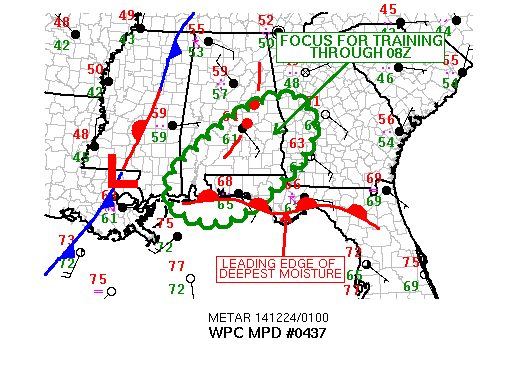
AREAS AFFECTED...FAR SERN MS...SRN AL...WRN GA AND THE WRN FL
PANHANDLE

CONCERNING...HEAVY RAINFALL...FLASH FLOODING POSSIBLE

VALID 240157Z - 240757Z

SUMMARY...AN AREA OF TRAINING CONVECTION APPEARS LIKELY TO FOCUS
OVER PORTIONS OF THE CNTRL TO ERN GULF COAST INTO SRN ALABAMA AND
POSSIBLY WRN GEORGIA THROUGH 07Z. RAINFALL RATES OF 1-2 IN/HR OVER
THE SAME LOCATIONS MAY LEAD TO FLASH FLOODING.

DISCUSSION...THE LEADING EDGE OF THE GREATEST LOW LEVEL
MOISTURE...MARKED BY DEWPOINTS IN THE LOW TO MID 70S...WAS
SITUATED ALONG AND JUST SOUTH OF THE GULF COAST AT 01Z. 850-700 MB
FLOW OF 50 TO 60 KTS FROM THE SSW CONTINUES TO OVERRUN THIS
BOUNDARY WITH NUMEROUS SHOWERS ORIENTED FROM SSW-NNE LOCATED TO
ITS NORTH...AS WELL AS A PROGRESSIVE SQUALL LINE OBSERVED ACROSS
ERN ALABAMA PRESSING EAST AT AROUND 35 KTS. 00Z RAOBS FROM LIX AND
TAE INDICATE PRECIPITABLE WATER VALUES THAT ARE 2-3 STANDARD
DEVIATIONS ABOVE THE MEAN...OUT AHEAD OF A COLD FRONT ANALYZED
ACROSS THE CNTRL GULF COAST...HELPING TO SUPPORT HOURLY RATES OF
1-2 IN/HR.

AS THE SRN PORTION OF A LONGWAVE TROUGH OVER THE SRN PLAINS SLOWLY
EDGES EWD OVERNIGHT...THE FOCUS OF LOW LEVEL MOISTURE IS EXPECTED
TO REMAIN AIMED ACROSS THE CNTRL GULF COAST WITH CONTINUED
REGENERATION OF SHOWERS FROM THE SOUTH INTO THE WRN FL PANHANDLE
AND SRN ALABAMA. LOCATIONS FARTHER NORTH ACROSS CNTRL ALABAMA INTO
GEORGIA APPEAR TO BE LESS OF A THREAT GIVEN THE PROGRESSIVE NATURE
OF THE SQUALL LINE...BUT STEADY STRATIFORM RAINS BEHIND THE LINE
COULD CAUSE A FEW FLASH FLOOD PROBLEMS GIVEN RELATIVELY STEEP
850-500 MB LAPSE RATES REMAIN WITH WEAK ELEVATED INSTABILITY AND
UNIDIRECTIONAL FLOW.

HI-RES MODELS SHOW VARYING SOLUTIONS WITH THE DETAILS WHICH LOWERS
CONFIDENCE...BUT THE 12Z ARW CONTINUES TO APPEAR TO HAVE THE BEST
HANDLE ON THE ONGOING SITUATION WITH 3-5 INCHES EXPECTED BY 08Z.